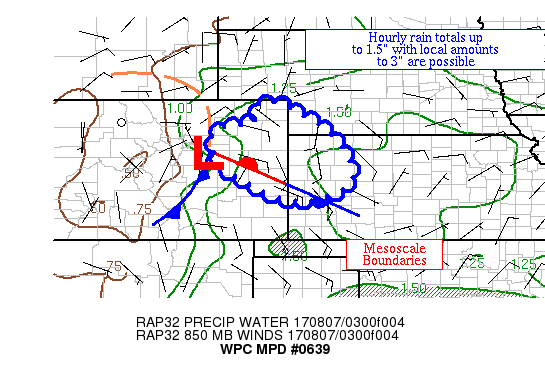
AREAS AFFECTED...NORTHEAST CO & NORTHWEST KS

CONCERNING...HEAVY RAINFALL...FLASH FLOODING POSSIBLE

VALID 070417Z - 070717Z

SUMMARY...SHOWERS AND THUNDERSTORMS ACROSS NORTHEAST CO AND
NORTHWEST KS COULD LEAD TO HOURLY RAIN RATES UP TO 1.5" WITH LOCAL
AMOUNTS UP TO 3" WHERE CELLS MERGE AND/OR MESOCYCLONES FORM.

DISCUSSION...SHOWERS AND THUNDERSTORMS ARE MASSING ACROSS
NORTHEAST CO WITH HINTS OF NEW DEVELOPMENT SEEN ON RADAR ACROSS
NORTHWEST KS.  THIS IS OCCURRING EAST OF A MESOSCALE WAVE OF LOW
PRESSURE.  MU CAPE VALUES OF 500-1000 J/KG EXIST HERE, ALONG WITH
PRECIPITABLE WATER VALUES OF 1-1.25".  WHILE INFLOW AT 850 HPA IS
ONLY 10 KTS, STORMS ARE MOVING SOUTHEAST AT 15 KTS YIELDING 25 KTS
OF STORM BASE INFLOW.  EFFECTIVE BULK SHEAR OF 30-40 KTS EXISTS
HERE.  A REPORT OF 1.11" IN 20 MINUTES AT AKRON WAS RELAYED BY THE
GOODLAND KS OFFICE FROM A COCORAHS REPORT.

THE GUIDANCE HAD A ROUGH BUT HIGHLY LOCALIZED SIGNAL FOR HEAVY
RAINFALL AROUND 3" OVER THE NEXT 3-4 HOURS.  THE CONVECTIVE
EVOLUTION IS EXPECTED TO LEAD TO FORWARD PROPAGATION TO THE SOUTH
TO SOUTHEAST AND A MORE LIMITED CONVECTIVE PROFILE ALONG THE
DIRECTION OF MOTION WITH TIME DUE TO THE LIMITED INSTABILITY NEAR
THE STORMS AND HIGHER VALUES TO THE SOUTH AND SOUTHEAST.  CELL
MERGERS ARE EXPECTED AND MESOCYCLONE FORMATION IS POSSIBLE WITH
THE DEGREE OF BULK SHEAR AVAILABLE.  HOURLY RAIN TOTALS SHOULD MAX
OUT AROUND 1.5".  WITH RELATIVELY LOW FLASH FLOOD GUIDANCE IN THE
AREA, THIS COULD LEAD TO ISSUES.